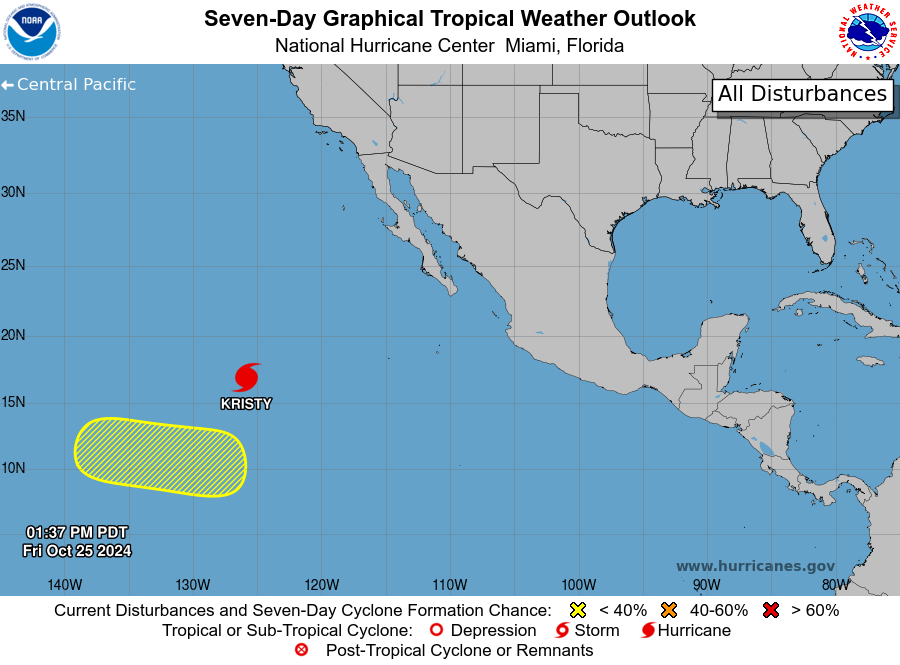
For the eastern North Pacific...east of 140 degrees west longitude:

Active Systems: The National Hurricane Center is issuing advisories on Hurricane Kristy, located over the central portion of the eastern Pacific basin.

1. Western East Pacific: An area of low pressure could form in the western part of the basin over a thousand miles southwest of the southern tip of the Baja California peninsula during the middle part of next week. Thereafter, some slow development is possible while the system moves westward around 10 to 15 mph.
* Formation chance through 48 hours...low...near 0 percent.
* Formation chance through 7 days...low...20 percent.

Forecaster Kelly